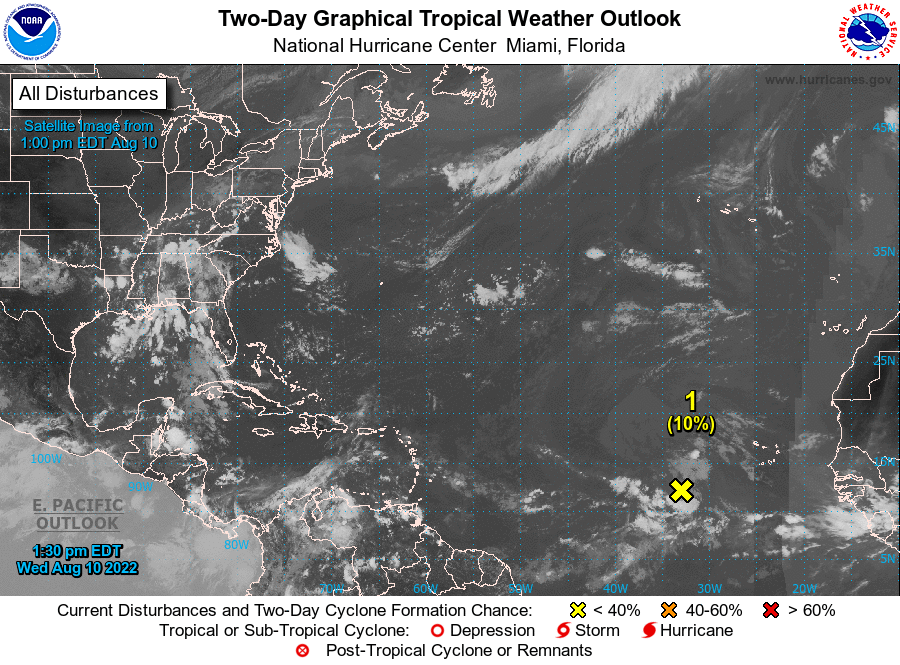
For the North Atlantic...Caribbean Sea and the Gulf of Mexico:

1. Eastern Tropical Atlantic: Shower and thunderstorm activity associated with a tropical wave located several hundred miles west-southwest of the Cabo Verde Islands has decreased since yesterday. This system is expected to move westward to west-northwestward at 15 to 20 mph across the tropical Atlantic during the next several days, and significant development is becoming less likely.
* Formation chance through 48 hours...low...10 percent.
* Formation chance through 5 days...low...20 percent.

Forecaster Pasch